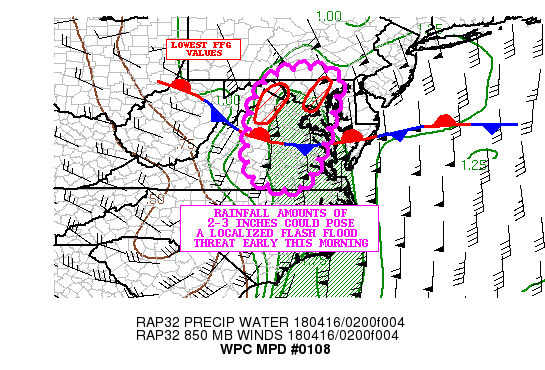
AREAS AFFECTED... CENTRAL VA INTO NORTHERN MD

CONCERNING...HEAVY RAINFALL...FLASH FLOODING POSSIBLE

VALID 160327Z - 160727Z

SUMMARY..RAINFALL AMOUNTS OF 2 TO 3 INCHES COULD RESULT IN A
LOCALIZED FLASH FLOOD THREAT THROUGH THE EARLY MORNING HOURS.

DISCUSSION...REGIONAL RADARS CONTINUE TO SHOW CELLS MOVING
NORTHWARD ALONG A CONVECTIVE LINE MOVING SLOWLY EASTWARD ACROSS
CENTRAL VA INTO NORTH CENTRAL MD. THE CONVECTION LINES UP WITH THE
WESTERN EDGE OF A MUCAPE GRADIENT...WITH VALUES GENERALLY BETWEEN
5000/1000 J/KG. ALONG AND AHEAD OF THE FRONT...A 60 TO 70 KNOT LOW
LEVEL JET CONTINUES TO PUMP 1.50 INCH PRECIPITABLE WATER AIR INTO
THE CENTRAL AND NORTHERN MID ATLANTIC STATES.

THE COMBINATION OF MOISTURE AND INSTABILITY IS FEEDING THE LOW
TOPPED FORCED CONVECTION. REGIONAL RADARS INDICATED HOURLY
RAINFALL RATES GENERALLY BETWEEN 1.00/1.25 INCHES...THOUGH MESONET
HOURLY READINGS ARE CLOSER TO AN INCH. AS THE INDIVIDUAL CELLS
TRACK NORTH ALONG THE SLOWLY MOVING FRONT...A SHORT TERM TRAINING
THREAT REMAINS.

THE MOST RECENT HRRR/00Z WRF ARW/00Z WRF NMMB SHOWED LOCAL
RAINFALL AMOUNTS OF 2.00 TO 3.00 INCHES...WITH THE HIGHEST AMOUNTS
ACROSS CENTRAL VA. THE RAP SHOWED THAT INSTABILITY BECOMES A
LIMITING FACTOR FOR FLASH FLOODING MOVING FORWARD...WITH THE AXIS
OF BEST MUCAPE SLIDING TOWARD COASTAL NC/VA.

HOWEVER...THE LOW LEVEL JET BECOMES MORE CONVERGENT WITH
TIME...AND REACHES NEARLY 80 KNOTS ACROSS NORTHERN MD TOWARD
16/08Z. THE COMBINATION OF STRONG MOISTURE FLUX AND DYNAMIC
FORCING WITH A NEGATIVELY TILTED LONG WAVE TROUGH OVER THE OH
VALLEY MAY BE ABLE TO COMPENSATE FOR THE DWINDLING INSTABILITY TO
POSE A FLASH FLOOD THREAT.

TRAINING IS REQUIRED FOR FLASH FLOODING TO OCCUR EARLY THIS
MORNING, AS FLASH FLOOD GUIDANCE VALUES GENERALLY INCREASE OVER
CENTRAL VA AND NORTHERN MD. THUS...FLASH FLOODING IS ONLY
CONSIDERED POSSIBLE.